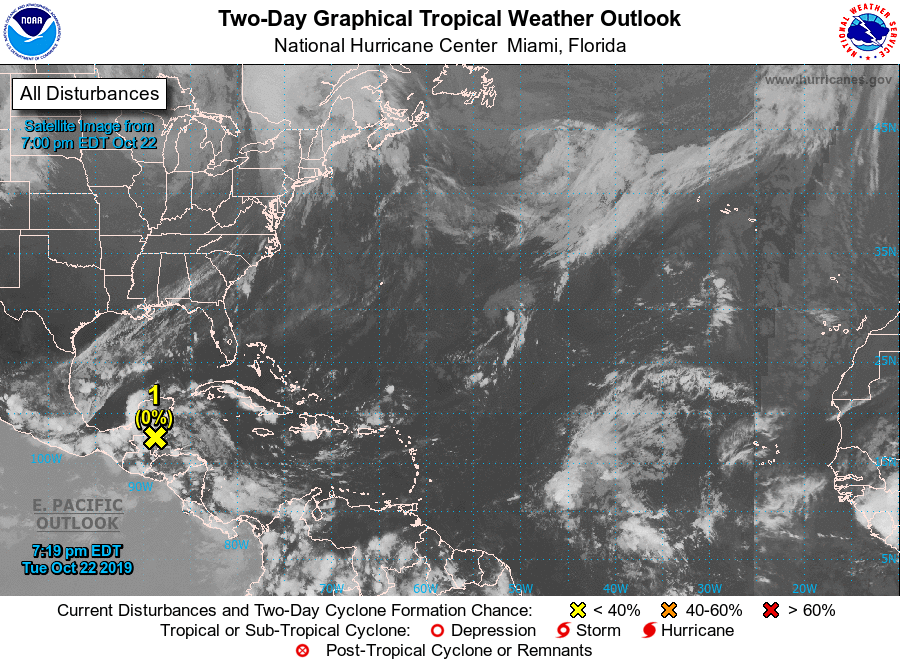
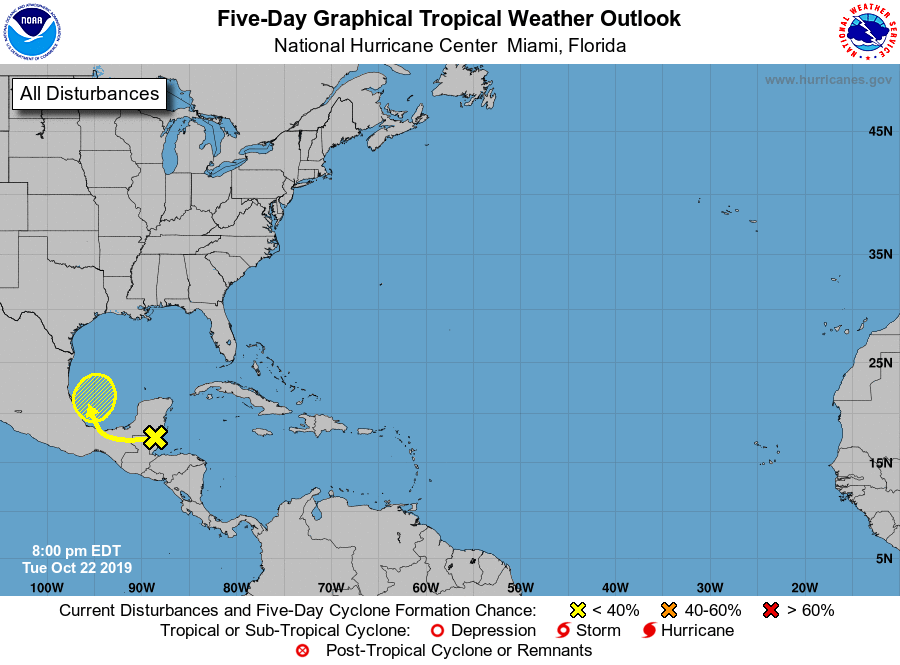
For the North Atlantic...Caribbean Sea and the Gulf of Mexico:

1. Disorganized showers and thunderstorms over the Yucatan Peninsula and Belize are associated with a tropical wave. This system is forecast to move west-northwestward and emerge over the extreme southwestern Gulf of Mexico by late Thursday. Some development is then possible on Friday near the east coast of Mexico before the disturbance likely becomes absorbed by a cold front this weekend.
* Formation chance through 48 hours...low...near 0 percent.
* Formation chance through 5 days...low...20 percent.

Forecaster Blake